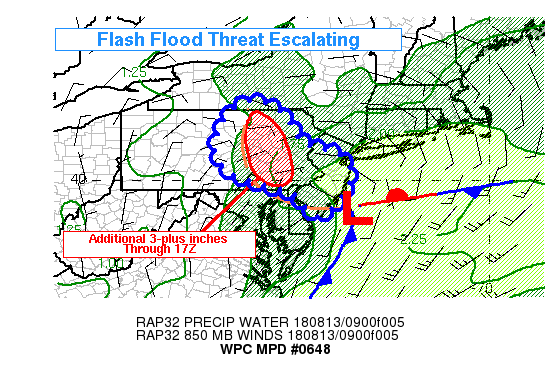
Areas affected...ERN PA...WRN NJ...NRN DE...SRN NY

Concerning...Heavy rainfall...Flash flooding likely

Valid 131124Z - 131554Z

Summary...

Locally heavy rainfall to continue over eastern Pennsylvania and
parts of western New Jersey this morning. Several inches of rain
are possible.

Discussion...

1100Z RADAR and surface observations show a continuation of
moderate to locally heavy rainfall from northern Delaware
north-northwestward through eastern Pennsylvania. Additional
rainfall was located over southern New Jersey. With an upper low
centered near the WV panhandle, an easterly fetch of moisture off
the Atlantic will continue to supply the area with plenty of
moisture (precipitable water values near of just over 2 inches and
increasing over the past few hours per RAP analyses) in a
diffluent environment. 09Z surface analysis shows low pressure
just east of Atlantic City, NJ and a trough on the south side of
the heavy rainfall area with dew points in the low to mid 70s.
Forecast for the next few hours indicate a slow movement northward
of ongoing rainfall/convection through the upper Susquehanna River
basin to the NY border. HRRR runs have had a good handle on most
of the observed precip trends the past few hours and its QPF of
several inches seems realistic based on RADAR estimates of 3-5"
already over southern PA. With already low FFGs (which will be
lower in the short term) flash flooding threat continue through at
least the late morning.